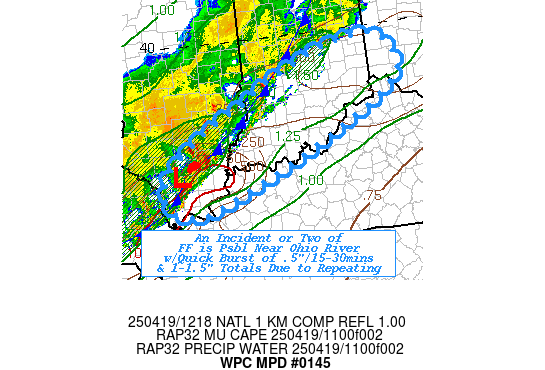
Areas affected...Southern IL...Southern IND...Adj Portions of
Northwest KY...Ext Southwest OH...

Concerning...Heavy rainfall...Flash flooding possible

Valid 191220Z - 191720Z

SUMMARY...Limited instability, but favorable repeat/training,
solid moisture and fairly saturated soils pose a possible widely
scattered flash flooding incident or two through morning.

DISCUSSION...Regional RADAR denotes a line of broken convective
cells with a pair of stronger wave like convective elements
crossing Southern IL and into Southern IND, along the leading edge
of sagging cold front from stronger exiting wave across the
central Great Lakes into Ontario.  This orientation is aligning
with deeper layer unidirectional steering flow along a
sharp/dominant ridge over the Southeast.  Deep layer moisture
steaks along this boundary with total PWats up to 1.5", mainly
below 700mb.  While RAP/HRRR suggests waning/limited instability,
there is solid remaining low level heating, with weak nearly
moist-adiabatic lapse rates but enough to eek out about 500 J/kg
enough to main ongoing convection.   Additionally, 12z surface
analysis notes stronger below boundary layer convergence
particularly upstream with push of dying MCV/MCS energy across IL
increasing surface convergence from weak confluence (30 degrees)
further downstream to nearly opposition across S IL with weak
surface wave near MDH/HSB.  As such, stronger cells will likely
continue to support .5-.75" in 15-30 minutes as noted by
observations.  This generally matches the 15-minute totals from
the HRRR which has been fairly good in timing/orientation with the
past few runs.

The length of the confluence/convergence with the weak but
sufficient instability may allow for repeating/training elements
over the next few hours to support some localized spots of 1-1.5"
totals.  Very slow southward sag of the boundary/training zone
will start to cross the strong soil saturation gradient across the
region where even with a bit of time to dry out, soil saturation
values remain near 60-70% in the upper 40cm; so with quick burst
of .5"/15 mins, with some maintained moderate shower activity
afterward.  FFG values are 1.5"/hr which may suggest sub-hourly
totals may be nearing a critical value especially if they have
rebounded too quickly given recent high flooding.   As such,
reduced infiltration is considered possible for a widely scattered
incident or two of flash flooding/ponding conditions particularly
in urban areas and near prone flashy bluffs.